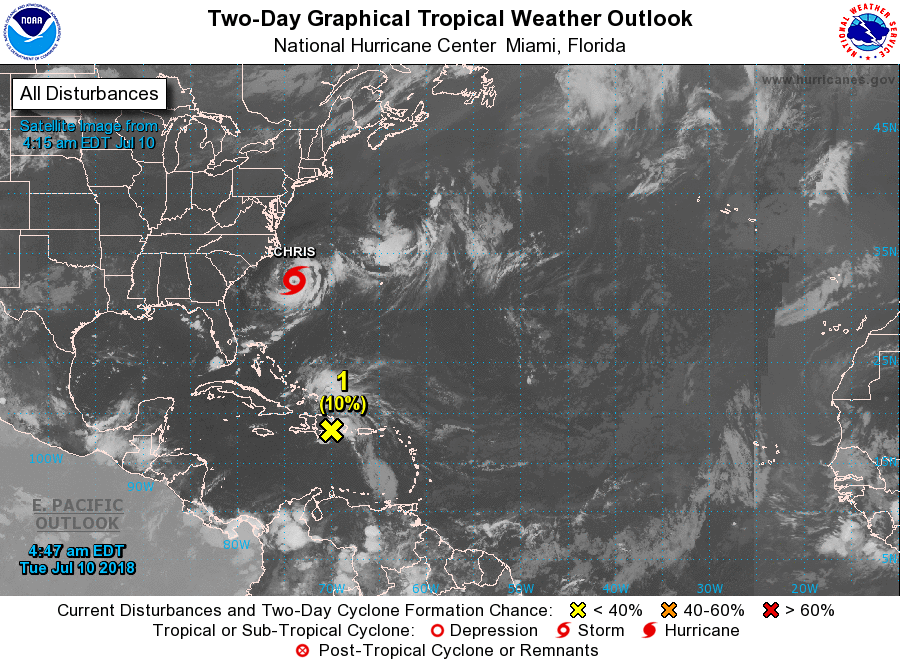
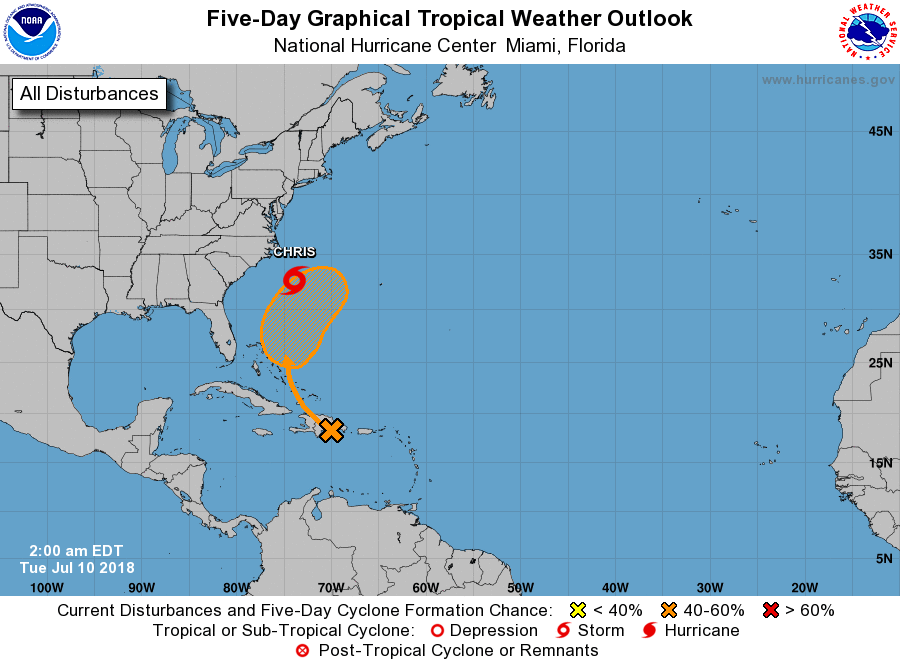
For the North Atlantic...Caribbean Sea and the Gulf of Mexico:

The National Hurricane Center is issuing advisories on Tropical Storm Chris, located a couple of hundred miles south-southeast of the North Carolina Outer Banks.

1. The remnants of Beryl are producing strong gusty winds and areas of heavy rain over Puerto Rico, portions of Hispaniola, and the adjacent Atlantic and Caribbean waters. This system is expected to move west-northwestward across Hispaniola this morning and over the southeastern Bahamas later today. Little development is expected during the next day or so due to land interaction and unfavorable upper-level winds. The disturbance is forecast to turn northward over the western Atlantic on Wednesday where upper-level winds could become a little more conducive for the regeneration of a tropical cyclone later this week. Regardless of development, locally heavy rains and gusty winds are likely over portions of Hispaniola and the Bahamas as the remnants of Beryl move through those areas. Additional information on this system can be found in High Seas Forecasts issued by the National Weather Service.
* Formation chance through 48 hours...low...10 percent.
* Formation chance through 5 days...medium...50 percent.

High Seas Forecasts issued by the National Weather Service can be found under AWIPS header NFDHSFAT1, WMO header FZNT01 KWBC, and on the Web at http://ocean.weather.gov/shtml/NFDHSFAT1.shtml.

Forecaster Brown